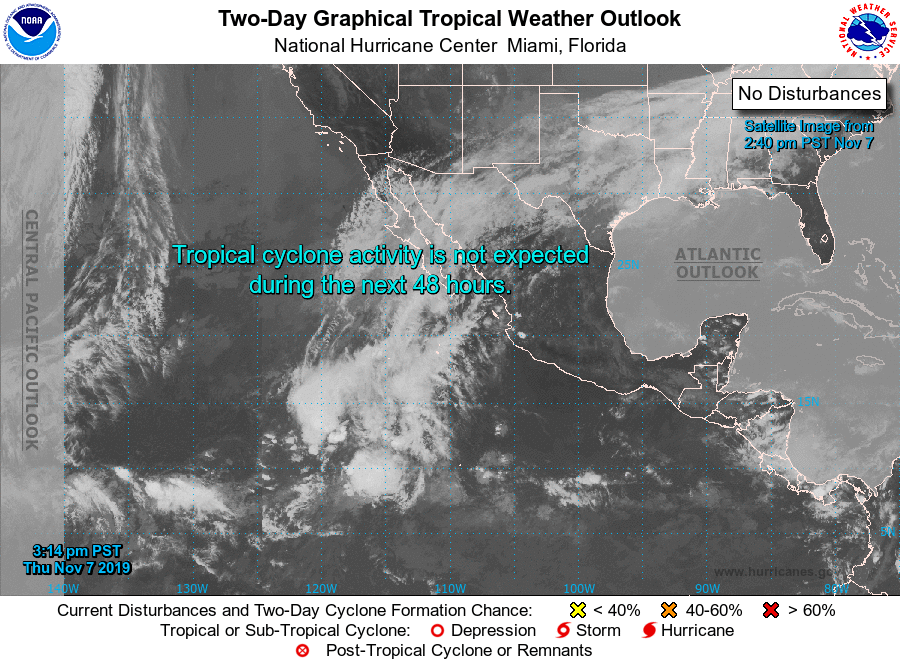
For the eastern North Pacific...east of 140 degrees west longitude:

Tropical cyclone formation is not expected during the next 5 days.

Forecaster Latto